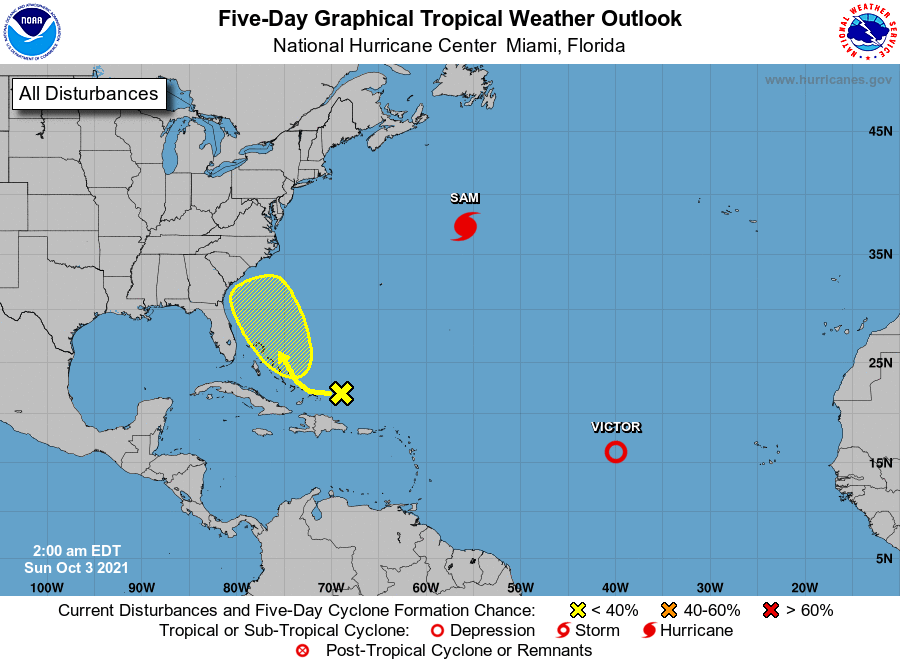
For the North Atlantic...Caribbean Sea and the Gulf of Mexico:

The National Hurricane Center is issuing advisories on Hurricane Sam, located more than 600 miles south-southwest of Cape Race, Newfoundland, and on Tropical Depression Victor, located over the central tropical Atlantic.

1. A surface trough located about 100 miles east of the southeastern Bahamas is producing a large area of cloudiness and shower activity along and to the east of the trough axis. Upper-level winds are expected to be marginally conducive for slow development of this system while it moves west-northwestward at around 10 mph through Monday, followed by a slow northwestward motion through the end of the week.
* Formation chance through 48 hours...low...10 percent.
* Formation chance through 5 days...low...20 percent.

Forecaster Stewart